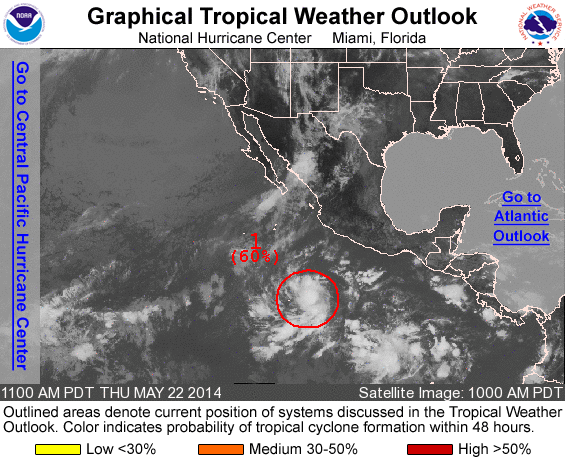
For the eastern North Pacific...east of 140 degrees west longitude:

1. Visible satellite images indicate that showers and thunderstorms are becoming better organized near an area of low pressure located several hundred miles south-southwest of Manzanillo, Mexico. Environmental conditions are conducive for additional development, and a tropical depression could form during the next day or two while the system moves northwestward to west-northwestward at 5 to 10 mph.
* Formation chance through 48 hours...high...60 percent
* Formation chance through 5 days...high...70 percent

Forecaster Berg